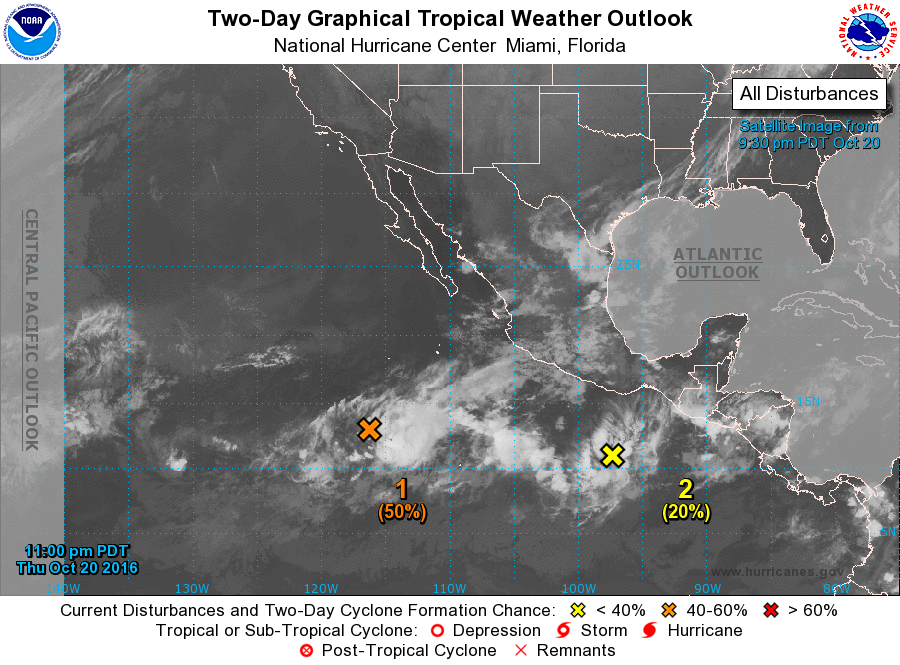
For the eastern North Pacific...east of 140 degrees west longitude:

1. A small but well-defined low pressure area is centered about 750 miles south-southwest of the southern tip of the Baja California peninsula. Shower activity associated with this low has not become any better organized this evening, but conditions still favor the formation of a tropical cyclone before upper-level winds become too strong for formation in about a day. The low is expected to drift northward or northwestward over the next several days.
* Formation chance through 48 hours...medium...50 percent
* Formation chance through 5 days...medium...50 percent

2. Disorganized cloudiness and showers located a few hundred miles south-southwest of the Gulf of Tehuantepec are associated with a broad area of low pressure. Environmental conditions are forecast to become more favorable for some development of this disturbance over the weekend and early next week while the system moves toward the west-northwest at about 10 to 15 mph.
* Formation chance through 48 hours...low...20 percent
* Formation chance through 5 days...medium...50 percent

Forecaster Avila